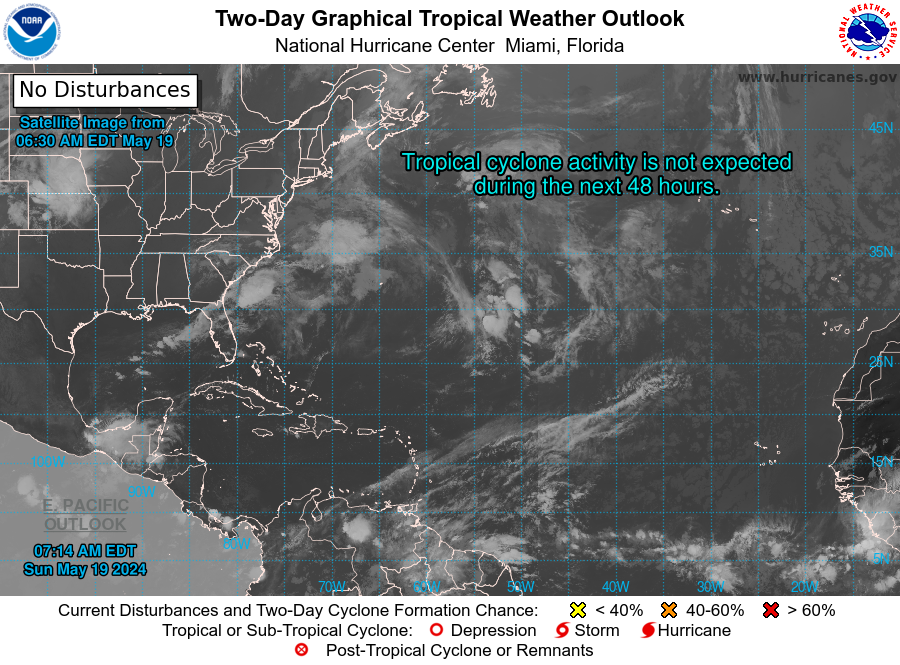
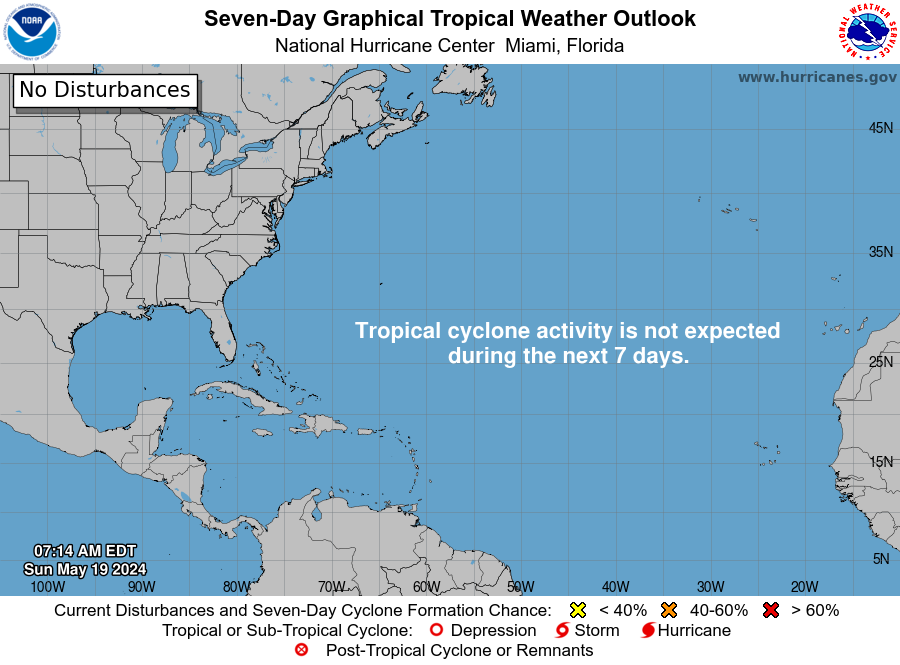
For the North Atlantic...Caribbean Sea and the Gulf of Mexico:

Tropical cyclone formation is not expected during the next 7 days.

Forecaster Reinhart